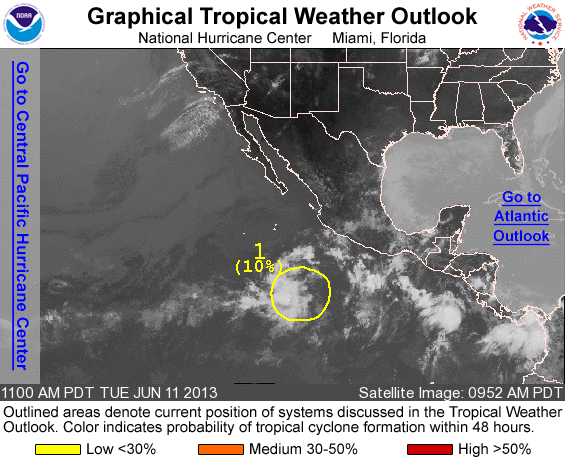
FOR THE EASTERN NORTH PACIFIC...EAST OF 140 DEGREES WEST LONGITUDE..

1. THERE HAS BEEN LITTLE CHANGE IN THE ORGANIZATION OF SHOWER AND THUNDERSTORM ACTIVITY ASSOCIATED WITH AN AREA OF DISTURBED WEATHER LOCATED ABOUT 650 MILES SOUTH-SOUTHWEST OF MANZANILLO MEXICO. ANY DEVELOPMENT OF THIS SYSTEM IS EXPECTED TO BE SLOW TO OCCUR AS IT MOVES WESTWARD TO WEST-NORTHWESTWARD AT AROUND 10 MPH. THIS SYSTEM HAS A LOW CHANCE...10 PERCENT...OF BECOMING A TROPICAL CYCLONE DURING THE NEXT 48 HOURS.

ELSEWHERE...TROPICAL CYCLONE FORMATION IS NOT EXPECTED DURING THE NEXT 48 HOURS.

FORECASTER BRENNAN